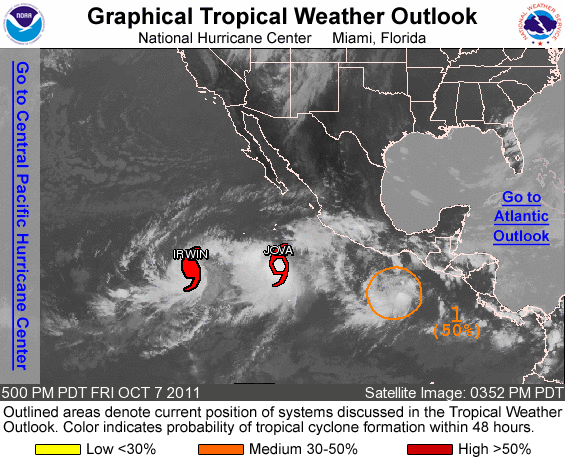
FOR THE EASTERN NORTH PACIFIC...EAST OF 140 DEGREES WEST LONGITUDE..

THE NATIONAL HURRICANE CENTER IS ISSUING ADVISORIES ON TROPICAL STORM JOVA...LOCATED ABOUT 505 MILES SOUTHWEST OF MANZANILLO MEXICO...AND ON HURRICANE IRWIN...LOCATED ABOUT 945 MILES SOUTHWEST OF THE SOUTHERN TIP OF BAJA CALIFORNIA.

1. SHOWERS AND THUNDERSTORMS CONTINUE TO BECOME BETTER ORGANIZED IN ASSOCIATION WITH AN AREA OF LOW PRESSURE LOCATED A FEW HUNDRED MILES SOUTH OF THE GULF OF TEHUANTEPEC. UPPER-LEVEL WINDS APPEAR SOMEWHAT CONDUCIVE FOR ADDITIONAL DEVELOPMENT OF THIS SYSTEM...AND THIS LOW COULD BECOME A TROPICAL DEPRESSION DURING THE NEXT COUPLE OF DAYS. THIS SYSTEM HAS A MEDIUM CHANCE...50 PERCENT...OF BECOMING A TROPICAL CYCLONE DURING THE NEXT 48 HOURS AS IT MOVES LITTLE.

ELSEWHERE...TROPICAL CYCLONE FORMATION IS NOT EXPECTED DURING THE NEXT 48 HOURS.

FORECASTER CANGIALOSI